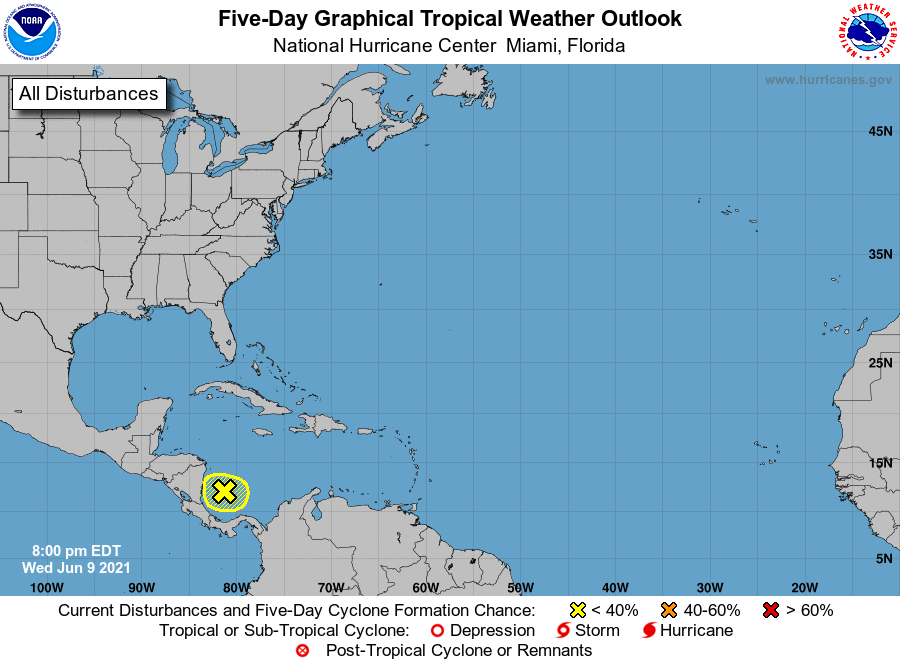
For the North Atlantic...Caribbean Sea and the Gulf of Mexico:

1. A broad trough of low pressure has developed over the southwestern Caribbean Sea associated with a westward-moving tropical wave. However, significant development of this system is not expected while the disturbance moves west-northwestward over Central America during the next couple of days. Regardless, this system could produce heavy rainfall across northern Colombia and portions of Central America from Honduras southward late this week and over the weekend. See products from your local meteorological service for more information.
* Formation chance through 48 hours...low...near 0 percent.
* Formation chance through 5 days...low...near 0 percent.

Forecaster Papin/Stewart